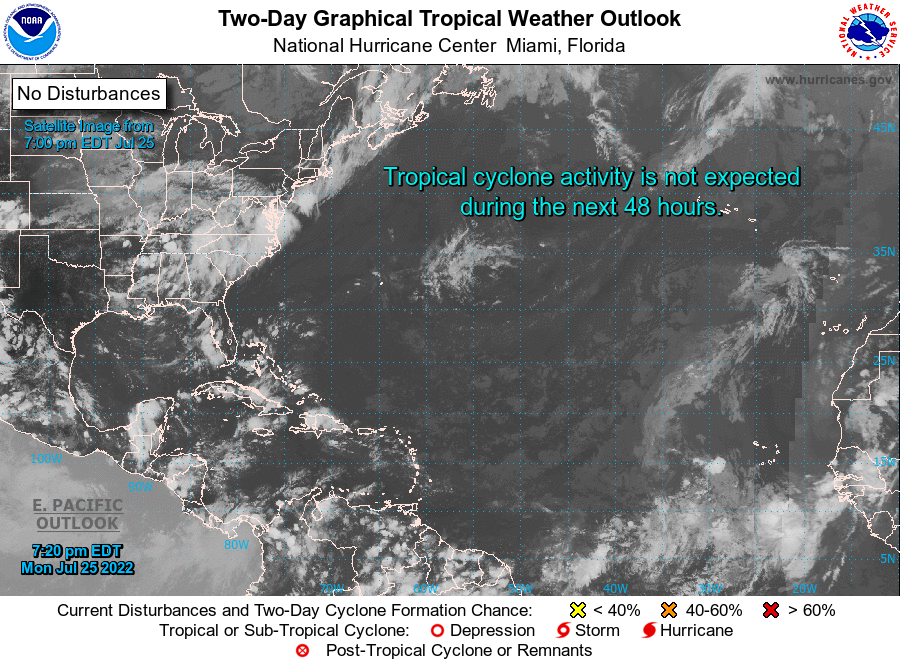
For the North Atlantic...Caribbean Sea and the Gulf of Mexico:

Tropical cyclone formation is not expected during the next 5 days.

Forecaster Bucci/Cangialosi